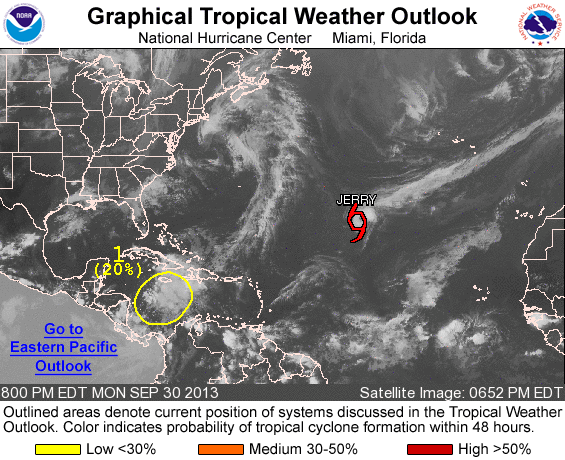
FOR THE NORTH ATLANTIC...CARIBBEAN SEA AND THE GULF OF MEXICO...

THE NATIONAL HURRICANE CENTER IS ISSUING ADVISORIES ON TROPICAL STORM JERRY...LOCATED OVER THE CENTRAL ATLANTIC.

1. A BROAD AREA OF LOW PRESSURE LOCATED A COUPLE OF HUNDRED MILES SOUTHWEST OF JAMAICA CONTINUES TO PRODUCE DISORGANIZED SHOWERS AND THUNDERSTORMS. GRADUAL DEVELOPMENT OF THIS SYSTEM IS POSSIBLE DURING THE NEXT COUPLE OF DAYS WHILE IT MOVES SLOWLY NORTHWESTWARD...AND THIS SYSTEM HAS A LOW CHANCE...20 PERCENT... OF BECOMING A TROPICAL CYCLONE DURING THE NEXT 48 HOURS. UPPER-LEVEL WINDS ARE EXPECTED TO BE MARGINALLY CONDUCIVE FOR DEVELOPMENT WHEN THE SYSTEM MOVES OVER THE NORTHWESTERN CARIBBEAN SEA AND THE SOUTHERN GULF OF MEXICO LATER THIS WEEK. THIS SYSTEM HAS A MEDIUM CHANCE...30 PERCENT...OF BECOMING A TROPICAL CYCLONE DURING THE NEXT 5 DAYS. LOCALLY HEAVY RAINFALL WILL CONTINUE OVER PORTIONS OF HAITI...JAMAICA...AND EASTERN CUBA TONIGHT. THESE RAINS WILL SPREAD WESTWARD ACROSS CUBA AND THE CAYMAN ISLANDS ON TUESDAY.

FIVE-DAY FORMATION PROBABILITIES ARE EXPERIMENTAL IN 2013. COMMENTS ON THE EXPERIMENTAL FORECASTS CAN BE PROVIDED AT... HTTP://WWW.NWS.NOAA.GOV/SURVEY/NWS-SURVEY.PHP?CODE=ETWO

FORECASTER CANGIALOSI